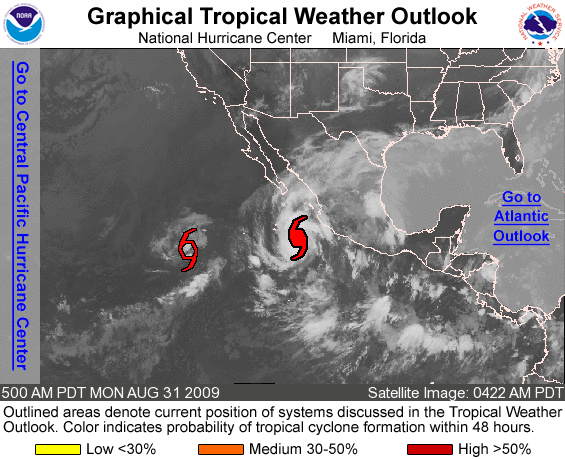
FOR THE EASTERN NORTH PACIFIC...EAST OF 140 DEGREES WEST LONGITUDE..

THE NATIONAL HURRICANE CENTER IS ISSUING ADVISORIES ON HURRICANE JIMENA...LOCATED ABOUT 370 MILES SOUTH-SOUTHEAST OF CABO SAN LUCAS MEXICO...AND ON TROPICAL STORM KEVIN...LOCATED ABOUT 895 MILES WEST-SOUTHWEST OF THE SOUTHERN TIP OF BAJA CALIFORNIA.

ELSEWHERE...TROPICAL CYCLONE FORMATION IS NOT EXPECTED DURING THE NEXT 48 HOURS.

FORECASTER FRANKLIN